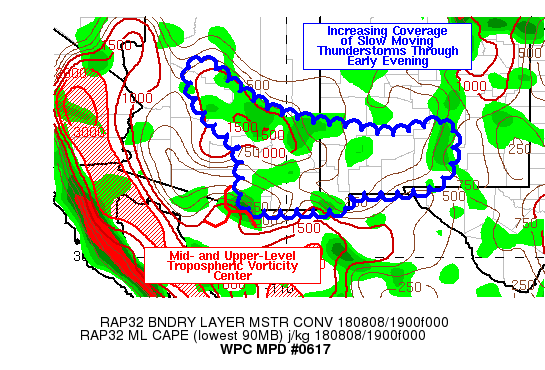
Areas affected...SoutheastArizona to Southwest New Mexico

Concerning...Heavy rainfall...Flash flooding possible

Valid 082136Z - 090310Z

Summary....Flash flooding is possible over portions of southeast
Arizona into southwest New Mexico during the remainder of the
afternoon and early evening.

Discussion...Convection was beginning to develop over southeast
Arizona and southwest New Mexico, especially over the higher
terrain of the Mogollon Rim and eastward into portions of southern
New Mexico.  While the plume of deepest moisture and greatest
MLCAPE and SBCAPE is actually west of the area, CAPE values were
still between 1500 J per kg and 2500 J per kg over the terrain.
Precipitable water values in the outlook area were running between
1.00 inch and 1.25 inches.  Thus continue to anticipate the
potential for locally intense rainfall rates.

This area was located on the northern periphery of cyclonic shear
from a mid/upper level circulation making its way across northern
Mexico as seen on GOES-16 Low Level Water Vapor channel/7.3
micrometers.

High resolution guidance shows this area to have the highest
probabilities of rainfall rates exceeding 1 inch per hour into the
evening hours, with the 08/19Z HRRR-Time Lagged Ensemble even
showing a small area of 20 percent exceedance of 2 inches per 3
hours hour after 09/00Z along the International Border in southern
Arizona.

Given the potential for cell mergers, an elevated heat source that
persists into the early evening hours, feel that a localized flash
flood threat exists.